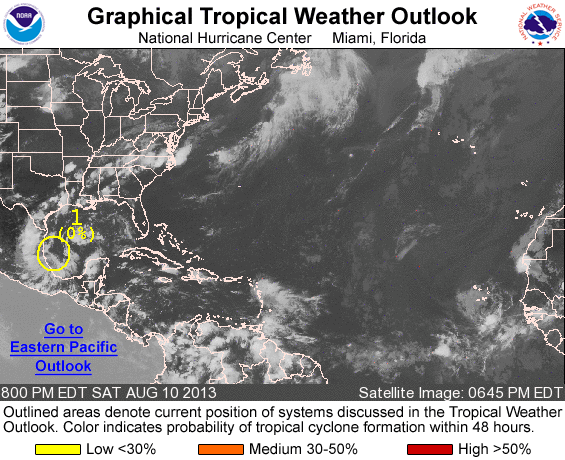
FOR THE NORTH ATLANTIC...CARIBBEAN SEA AND THE GULF OF MEXICO...

1. A WEAK AREA OF LOW PRESSURE LOCATED OVER THE WESTERN GULF OF MEXICO IS PRODUCING DISORGANIZED SHOWERS AND THUNDERSTORMS. SIGNIFICANT DEVELOPMENT OF THIS SYSTEM IS NOT EXPECTED BEFORE IT MOVES INLAND OVER EASTERN MEXICO ON SUNDAY. THIS SYSTEM HAS A LOW CHANCE...NEAR 0 PERCENT...OF BECOMING A TROPICAL CYCLONE DURING THE NEXT 48 HOURS...AND A LOW CHANCE...NEAR 0 PERCENT...OF BECOMING A TROPICAL CYCLONE DURING THE NEXT FIVE DAYS.

FIVE-DAY FORMATION PROBABILITIES ARE EXPERIMENTAL IN 2013. COMMENTS ON THE EXPERIMENTAL FORECASTS CAN BE PROVIDED AT...

HTTP://WWW.NWS.NOAA.GOV/SURVEY/NWS-SURVEY.PHP?CODE=ETWO

FORECASTER BRENNAN